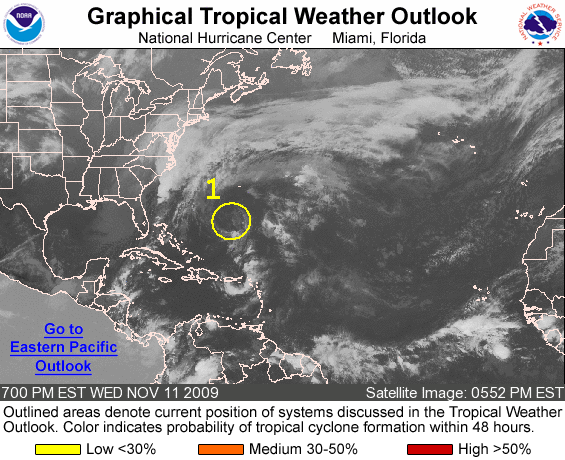
FOR THE NORTH ATLANTIC...CARIBBEAN SEA AND THE GULF OF MEXICO...

THE HYDROMETEOROLOGICAL PREDICTION CENTER IS ISSUING ADVISORIES ON THE EXTRATROPICAL REMNANTS OF IDA. FURTHER INFORMATION ON THIS SYSTEM CAN BE FOUND IN PUBLIC ADVISORIES ISSUED UNDER AWIPS HEADER TCPAT1 AND WMO HEADER WTNT31 KWNH.

1. SHOWER AND THUNDERSTORM ACTIVITY ASSOCIATED WITH A NON-TROPICAL LOW PRESSURE AREA CENTERED ABOUT 350 MILES SOUTH-SOUTHWEST OF BERMUDA REMAINS LIMITED. UPPER-LEVEL WINDS ARE FORECAST TO BECOME UNFAVORABLE FOR DEVELOPMENT AS THE LOW MOVES NORTHWARD AROUND 15 MPH. THERE IS A LOW CHANCE...LESS THAN 30 PERCENT...OF THIS SYSTEM BECOMING A TROPICAL OR SUBTROPICAL CYCLONE BEFORE IT IS ABSORBED WITHIN A FRONTAL ZONE ON THURSDAY.

ELSEWHERE...TROPICAL CYCLONE FORMATION IS NOT EXPECTED DURING THE NEXT 48 HOURS.

FORECASTER BROWN